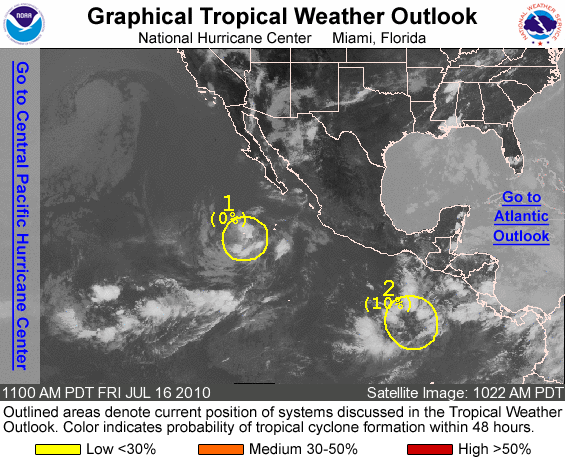
FOR THE EASTERN NORTH PACIFIC...EAST OF 140 DEGREES WEST LONGITUDE..

1. AN AREA OF DISORGANIZED SHOWERS AND THUNDERSTORMS...LOCATED ABOUT 385 MILES SOUTHWEST OF THE SOUTHERN TIP OF BAJA CALIFORNIA...IS ASSOCIATED WITH THE REMNANTS OF TROPICAL DEPRESSION SIX-E. REGENERATION IS NOT EXPECTED...AND THERE IS A LOW CHANCE...NEAR 0 PERCENT...OF THIS SYSTEM BECOMING A TROPICAL CYCLONE DURING THE NEXT 48 HOURS.

2. SHOWERS AND THUNDERSTORMS ASSOCIATED WITH AN AREA OF LOW PRESSURE ARE LOCATED ABOUT 550 MILES WEST-SOUTHWEST OF COSTA RICA. ANY DEVELOPMENT OF THIS SYSTEM IS EXPECTED TO BE SLOW TO OCCUR AS IT MOVES LITTLE DURING THE NEXT COUPLE OF DAYS. THERE IS A LOW CHANCE...10 PERCENT...OF THIS SYSTEM BECOMING A TROPICAL CYCLONE DURING THE NEXT 48 HOURS.

ELSEWHERE...TROPICAL CYCLONE FORMATION IS NOT EXPECTED DURING THE NEXT 48 HOURS.

FORECASTER ROBERTS/BRENNAN